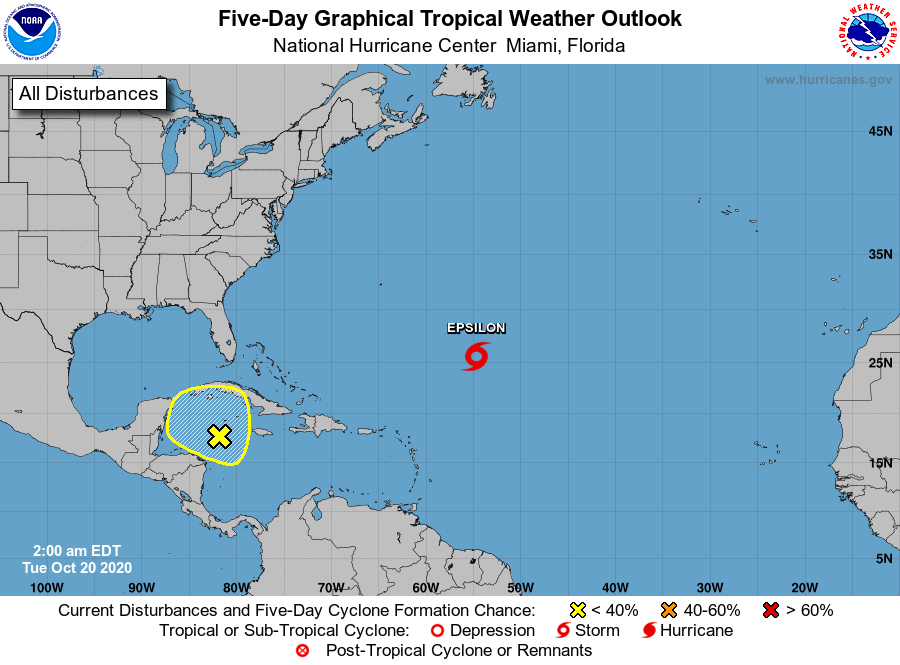
For the North Atlantic...Caribbean Sea and the Gulf of Mexico:

The National Hurricane Center is issuing advisories on Tropical Storm Epsilon, located over the central Atlantic several hundred miles southeast of Bermuda.

1. A trough of low pressure extends southeastward from the southeastern Gulf of Mexico across the northwestern Caribbean Sea to a broad low pressure system located over the southwestern Caribbean Sea. This system is currently accompanied by disorganixed shower and thunderstorm activity. The disturbance is expected to consolidate over the northwestern Caribbean Sea during the next day or so before moving slowly westward toward the Yucatan peninsula by Wednesday. Regardless of development, the system could bring locally heavy rainfall to portions of central and western Cuba, Jamaica, the Cayman Islands, and the Yucatan peninsula through midweek.
* Formation chance through 48 hours...low...10 percent.
* Formation chance through 5 days...low...10 percent.

Public Advisories on Tropical Storm Epsilon are issued under WMO header WTNT32 KNHC and under AWIPS header MIATCPAT2. Forecast/Advisories on Tropical Storm Epsilon are issued under WMO header WTNT22 KNHC and under AWIPS header MIATCMAT2.

Forecaster Beven